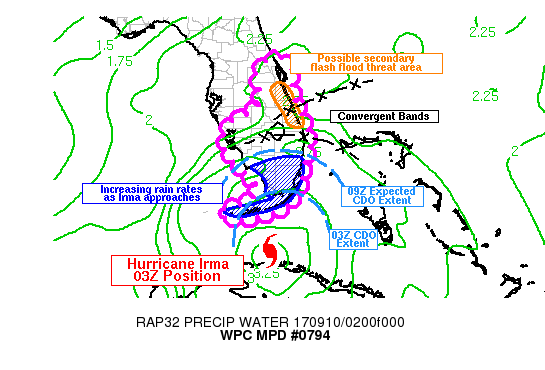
AREAS AFFECTED...CTRL AND SRN FL PENINSULA...FLORIDA KEYS

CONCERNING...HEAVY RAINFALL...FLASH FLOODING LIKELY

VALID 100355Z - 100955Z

SUMMARY...FLASH FLOODING IS LIKELY OVER PORTIONS OF CENTRAL AND
SOUTHERN FLORIDA THROUGH THE REST OF THE NIGHT AS HURRICANE IRMA
APPROACHES FROM THE SOUTH.

DISCUSSION...HURRICANE IRMA WAS SITUATED OVER THE FLORIDA STRAIT
AS OF 03Z AND THE NATIONAL HURRICANE CENTER FORECASTS IT TO
CONTINUE MOVING TOWARD SOUTH FLORIDA TONIGHT. GOES-16 IR CHANNEL
IMAGERY SHOWS THAT IRMA'S CDO HAS EXPANDED IN SIZE (120MI AT 00Z
TO 150MI AT 03Z) AND CLOUD TOPS HAVE COOLED. THIS REGION CLOSER TO
THE CENTER OF IRMA WILL CONTAIN THE HIGHEST PRECIPITABLE
WATER...AND CONSISTENT WITH INCREASINGLY ORGANIZED RAIN
BANDS...SHOULD CONTAIN VERY HIGH RAIN RATES CAPABLE OF PRODUCING
FLASH FLOODING. USING A COMBINATION OF HI-RES GUIDANCE AND
EXTRAPOLATION...THE CDO SHOULD EXPAND ROUGHLY TO ALLIGATOR ALLEY
BY 09Z. THE GREATEST FLASH FLOOD THREAT WOULD EXIST SOUTH OF THAT
AND IN URBAN AREAS. HI-RES MODELS ARE IN AGREEMENT THAT SOME
LOCATIONS IN THE FLORIDA KEYS OR FAR SOUTHEAST FLORIDA COULD
RECEIVE OVER 6 INCHES OF RAIN IN 6 HOURS...AND THIS SEEMS
REASONABLE.

FURTHER TO THE NORTH...THE GREATEST THREAT OF FLASH FLOODING
OUTSIDE THE ADVANCING CDO OF IRMA WILL BE ALONG THE EAST COAST OF
FLORIDA. BROAD EASTERLY FLOW TO THE NORTH OF IRMA WILL FAVOR
ENHANCED LOW-LEVEL CONVERGENCE IN THE I-95 CORRIDOR ALONG THE
COAST. ADDITIONALLY...SEVERAL PROMINENT CONVERGENT BANDS OF HEAVY
RAIN AND THUNDERSTORMS HAVE DEVELOPED IN A PLUME OF GREATER
INSTABILITY FROM COASTAL EAST-CENTRAL FLORIDA EASTWARD INTO THE
ATLANTIC OCEAN...WITH MLCAPE AS HIGH AS 1500-2000 J/KG. THESE
BANDS HAVE BEEN BECOMING MORE ORGANIZED AND PRODUCED RAIN RATES AS
HIGH AS 2 IN/HR EARLIER THIS EVENING.

SPATIAL COVERAGE AND INTENSITY OF RAIN BANDS IN CENTRAL FLORIDA
COULD BE ENHANCED BY INCREASING UPPER LEVEL DIVERGENCE OVER THE
NEXT SEVERAL HOURS...DUE TO AN AGEOSTROPHIC RESPONSE TO A +PV
ANOMALY NEAR ALABAMA AND STRENGTHENING JET STREAK OVER GA/SC. THE
FAVORED AREA WITH A JUXTAPOSITION OF UPPER LEVEL DIVERGENCE AND
FOCUSED LOW-LEVEL CONVERGENCE APPEARS TO BE FROM NEAR MELBOURNE
SOUTH TO NEAR JUPITER...AND WITHIN 20 MILES OF THE COAST. SOME
HI-RES MODELS DO SHOW A SIGNAL FOR ENHANCED RAINFALL IN THIS SAME
AREA OVER THE NEXT 6 HOURS...WITH RAIN TOTALS IN THAT TIME FRAME
POSSIBLY REACHING 3-5 INCHES WHERE RAIN BANDS BECOME MORE FOCUSED.